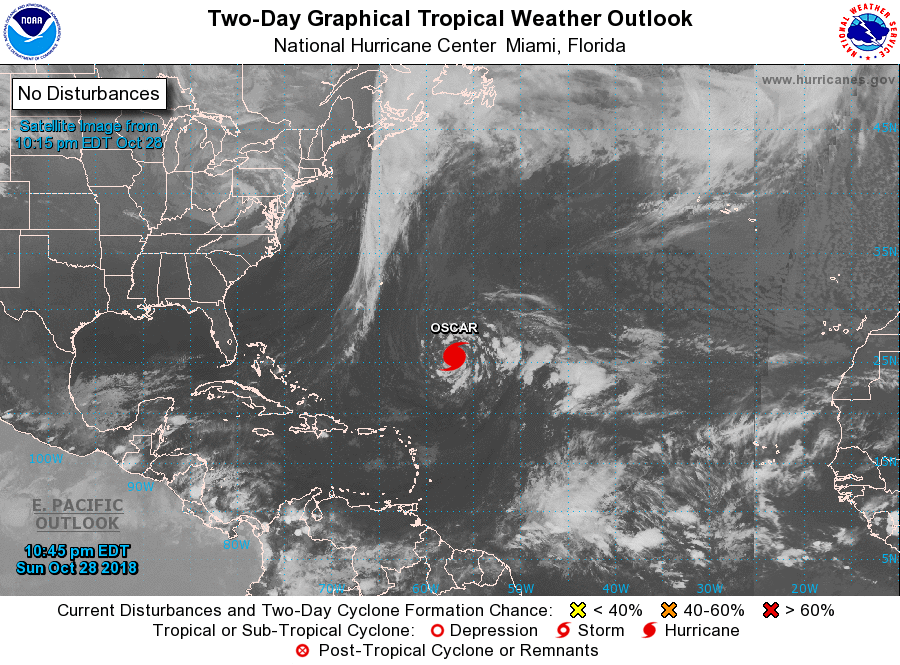
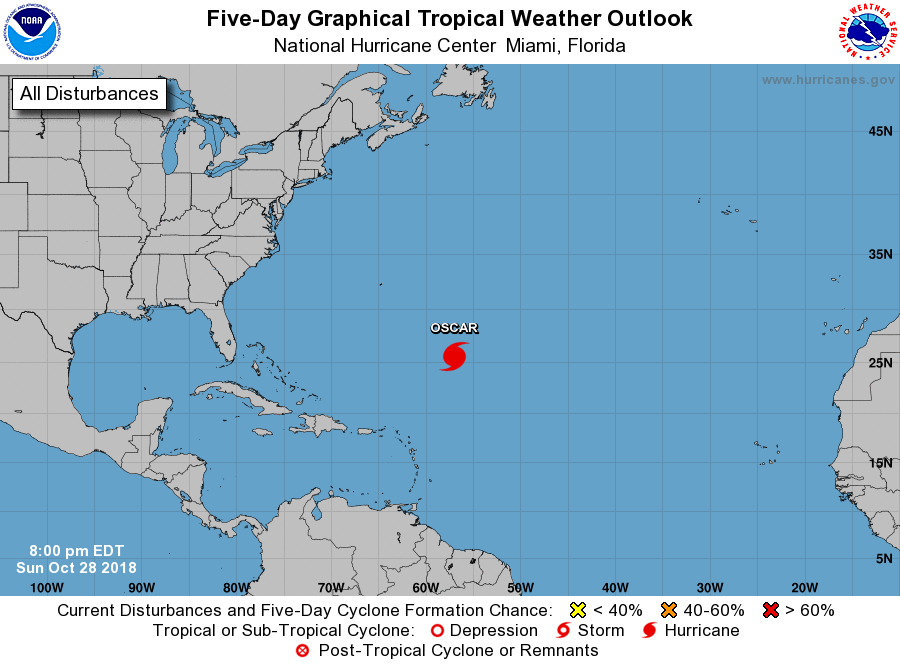
For the North Atlantic...Caribbean Sea and the Gulf of Mexico:

The National Hurricane Center is issuing advisories on recently upgraded Hurricane Oscar, located over the central Atlantic Ocean.

Tropical cyclone formation is not expected during the next 5 days.

Forecaster Beven